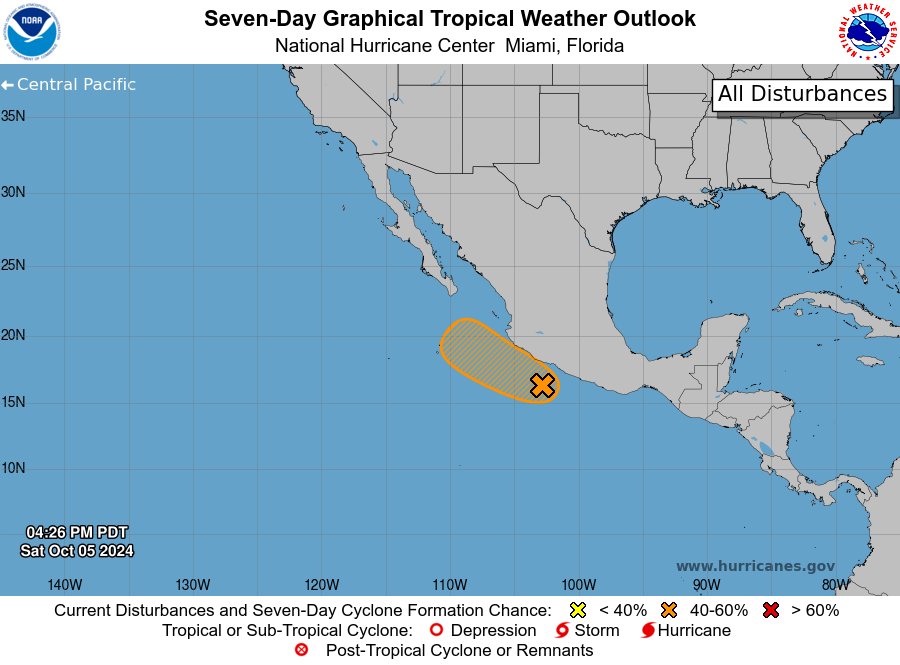
For the eastern North Pacific...east of 140 degrees west longitude:

1. Offshore of Southwestern Mexico: A broad area of low pressure located just off the coast of southwestern Mexico is producing disorganized showers and thunderstorms. Gradual development of this system is possible, and a tropical depression could form during the early or middle portions of next week while the system moves slowly west-northwestward, roughly parallel to the coast of southwestern Mexico. Regardless of development, this system could bring areas of heavy rain to portions of southwestern Mexico during the next few days.
* Formation chance through 48 hours...low...30 percent.
* Formation chance through 7 days...medium...60 percent.

Forecaster Cangialosi/Bucci